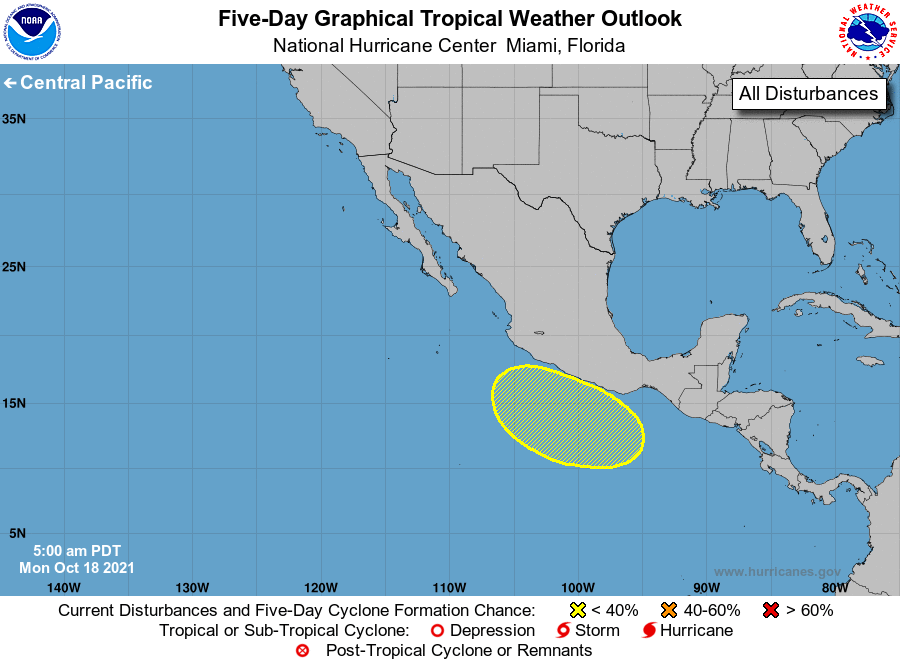
For the eastern North Pacific...east of 140 degrees west longitude:

1. A broad area of low pressure is expected to form in a few days a couple of hundred miles south of the coast of southern Mexico. Some gradual development of this system is possible thereafter as it moves west-northwestward off the coast of Mexico.
* Formation chance through 48 hours...low...near 0 percent.
* Formation chance through 5 days...low...30 percent.

Forecaster Brown